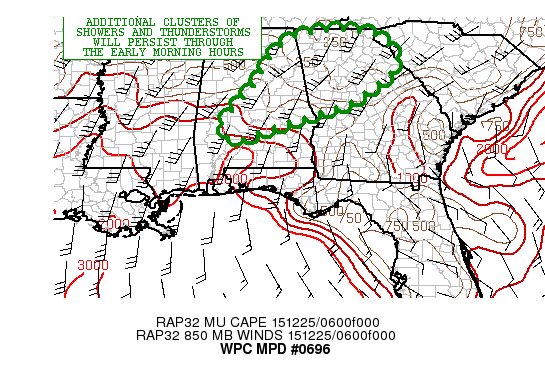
AREAS AFFECTED...CENTRAL AND NORTHEAST AL...CENTRAL AND NORTHERN
GA

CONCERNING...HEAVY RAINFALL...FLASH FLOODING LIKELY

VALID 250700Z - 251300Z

SUMMARY...HEAVY SHOWERS AND THUNDERSTORMS ARE PERSISTING ALONG AN
AXIS FROM SOUTHEAST MS NORTHEAST ACROSS CENTRAL AL AND INTO
CENTRAL AND NORTHERN GA. GIVEN  VERY WET ANTECEDENT
CONDITIONS...ADDITIONAL FLASH FLOODING APPEARS LIKELY THROUGH THE
EARLY MORNING HOURS.

DISCUSSION...THE LATEST WV IMAGERY DEPICTS A SHORTWAVE IN THE
NORTH-CENTRAL GULF OF MEXICO THAT IS EJECTING TO THE NORTHEAST AND
IS INTERACTING WITH THE REMNANTS OF THE CONVECTIVELY REINFORCED
COLD-POOL BOUNDARY THAT WAS FOCUSED OVER SOUTHEAST AL AND CENTRAL
GA EARLIER IN THE NIGHT. THE BLENDED TPW PRODUCT THOUGH IS SHOWING
A NORTHWARD SURGE OF DEEPER MOISTURE INTO THE GULF COAST STATES
AND LOWER MS VALLEY REGION WITH THE FETCH ROUNDING THE WESTERN
PERIPHERY OF THE SUBTROPICAL RIDGE NOSING WEST INTO THE GULF OF
MEXICO.

PWATS ACROSS THE REGION ARE RUNNING AS HIGH AS 1.6 TO 1.8 INCHES
AND IS AS HIGH AS 3 STD DEV ABOVE NORMAL. THIS ANOMALOUS MOISTURE
CONTINUES TO FAVOR VERY HIGH RAINFALL RATES WHICH ARE LOCALLY
EXCEEDING 2 INCHES/HR. ONCE AGAIN THE DEEPER LAYER FLOW IS RATHER
UNIDIRECTIONAL AND SO CONVECTION THAT CONTINUES TO DEVELOP HAS
BEEN REPEATEDLY IN A POSITION TO TRAIN OVER THE SAME AREA. DEEPER
LAYER ASCENT DOES REMAIN OVER THE REGION IN PART DUE  TO THE
AFOREMENTIONED SHORTWAVE...AND AS PER DISCUSSION WITH
NESDIS/SAB...THE CIMMS AND NOAA/NSSL DIVERGENCE PRODUCT CONTINUES
TO SHOW AN IMPRESSIVE AREA OF UPPER LEVEL DIFFLUENCE EXTENDING
FROM CENTRAL MS EAST INTO SC WHICH COINCIDES WITH MOISTURE SURFACE
CONVERGENCE SEEN OVER SOUTHWEST AL. REGIONAL VWPS IN AL/MS SHOW 25
TO 30 KT SOUTHWEST FLOW AT 850 MB AND THIS IS SUGGESTED BY THE
LATEST CAM GUIDANCE TO PERSIST THROUGH THE EARLY MORNING HOURS.

EXPECT ADDITIONAL CLUSTERS OF CONVECTION TO PERSIST THROUGH 12Z AS
INDICATED BY THE 00Z ARW AND 00Z NMMB...BUT WITH AN AXIS THAT
SHOULD GRADUALLY SHIFT A BIT FURTHER NORTH OVER THE NEXT FEW HOURS
GIVEN SOME STRENGTHENING OF THE MID LEVEL RIDGE OVER THE GULF OF
MEXICO AND SOUTHEAST COASTAL PLAIN.

ADDITIONAL RAINFALL AMOUNTS OF AS MUCH AS 2 TO 4 INCHES WILL BE
POSSIBLE LOCALLY AND THIS WILL RESULT IN ADDITIONAL FLASH FLOODING
GIVEN THE VERY WET ANTECEDENT CONDITIONS.